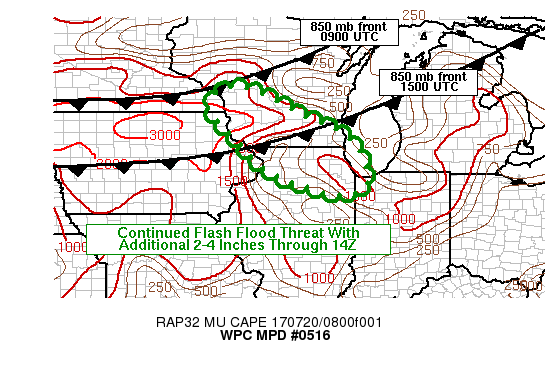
AREAS AFFECTED...SRN WI/NRN IL

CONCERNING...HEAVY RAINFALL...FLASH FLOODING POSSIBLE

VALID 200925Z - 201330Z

SUMMARY...TRAINING RAINFALL WITH RATES OF 1-2 IN/HR SHOULD SLOWLY
ADVANCE FROM SRN WI INTO NRN IL THROUGH 12Z. AN ADDITIONAL 2-4
INCHES WILL BE POSSIBLE THROUGH 14Z ALONG WITH POSSIBLE FLASH
FLOODING.

DISCUSSION...09Z RADAR IMAGERY SHOWED SEVERAL SMALLER CORES OF
CONVECTION CONTAINING 1-2 IN/HR RAIN RATES EMBEDDED WITHIN A
LARGER SWATH OF PRECIPITATION EXTENDING FROM THE SRN MN/WI BORDER
TO NRN IL. THIS REGION OF ELEVATED CONVECTION CONTINUES TO BE
ROOTED BETWEEN 700-800 MB...OCCURRING 50-100 MILES NORTHEAST OF A
SLOW MOVING SURFACE WARM FRONT ANALYZED NW TO SE THROUGH ERN IA
INTO CNTRL IL AT 09Z. RECENT VAD WIND PLOTS FROM KMPX AND KARX
SHOWED WLY 700 MB FLOW OF 40-50 KT WHICH CONTINUED TO SUPPLY AMPLE
MOISTURE AND INSTABILITY INTO THE CONVECTIVE COMPLEX. EXPERIMENTAL
GOES 16 INFRARED IMAGERY OVER THE PAST FEW HOURS HAS SHOWN BURSTS
OF COLDER CLOUD TOPS ORIGINATING NEAR THE SRN MN/WI BORDER AND
PROPAGATING SEWD INTO SRN WI AND RECENTLY INTO NRN IL. GAUGE AND
RADAR ESTIMATES HAVE PLACED 4-7 INCHES OF RAIN OVER THE PAST 12
HOURS ALONG AND JUST EAST OF THE MISSISSIPPI RIVER INTO WRN WI.

THE ENTIRE COMPLEX OF RAIN HAS BEEN TRANSLATING SEWD AHEAD OF AN
850 MB COLD FRONT WHICH EXTENDED FROM THE CNTRL U.P. OF MICHIGAN
INTO SRN MN BASED ON VAD WIND PLOTS AND RAP ANALYSES AT 09Z.
RAINFALL WILL END FROM NW TO SE AHEAD OF THIS STEADILY MOVING
BOUNDARY INTO THE REMAINDER OF THE MORNING. MID-UPPER LEVEL
DIFFLUENT FLOW WILL REMAIN IN PLACE OVER FAR SRN WI AND NRN IL
HELPING TO SUPPORT VERTICAL MOTIONS IN THE PRESENCE OF
PRECIPITABLE WATER VALUES NEARING 2 INCHES ALONG THE IA/WI BORDER.
WITH LOW LEVEL INFLOW REMAINING STEADY-STATE AND AN ESTIMATED
500-1000 J/KG MUCAPE AVAILABLE FROM WRN WI INTO NRN IL...PER 08Z
SPC MESOANALYSIS PAGE...1-2 IN/HR RAINFALL RATES APPEAR LIKELY TO
CONTINUE OVER THE NEXT 2-4 HOURS ALONG WITH POSSIBLE FLASH
FLOODING.